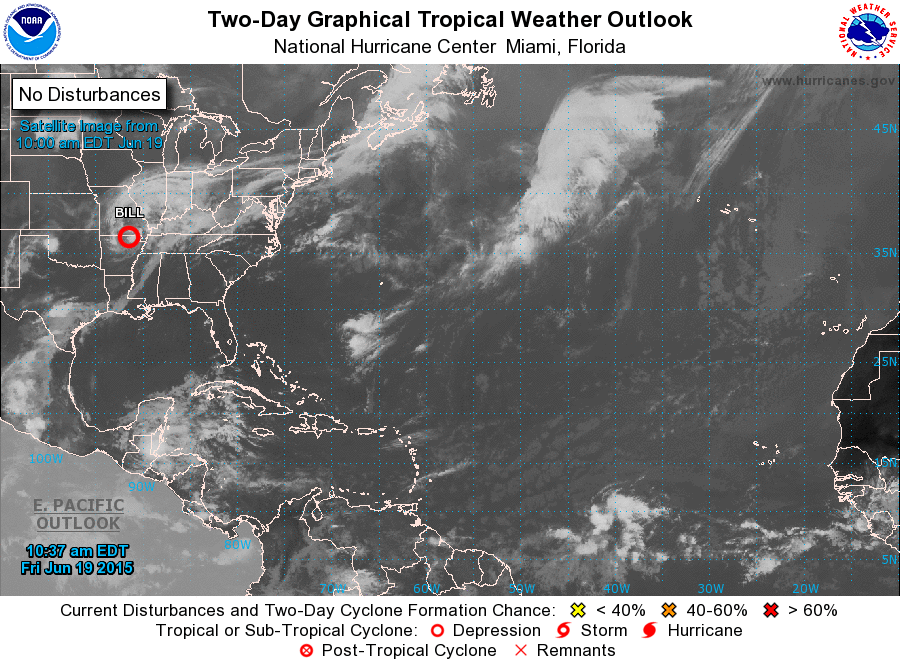
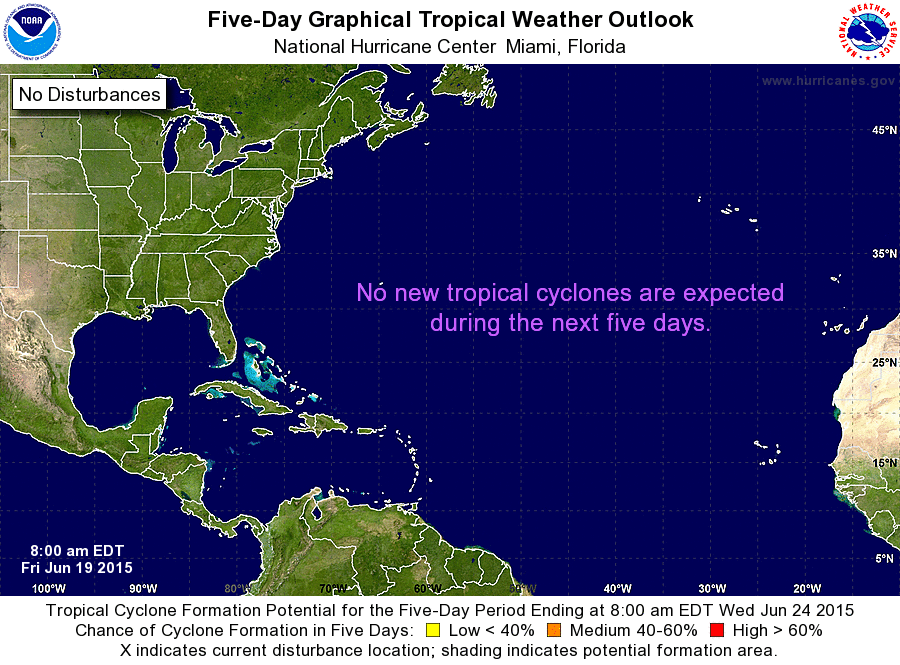
For the North Atlantic...Caribbean Sea and the Gulf of Mexico:

The NOAA Weather Prediction Center is issuing advisories on Tropical Depression Bill, located over northern Arkansas.

Tropical cyclone formation is not expected during the next 5 days.

&&
Information on Tropical Depression Bill can be found in Public Advisories issued by the Weather Prediction Center under AWIPS header TCPAT2, WMO header WTNT32 KWNH, and on the web at http://www.wpc.ncep.noaa.gov/tropical/tropstorms.shtml.

Forecaster Pasch